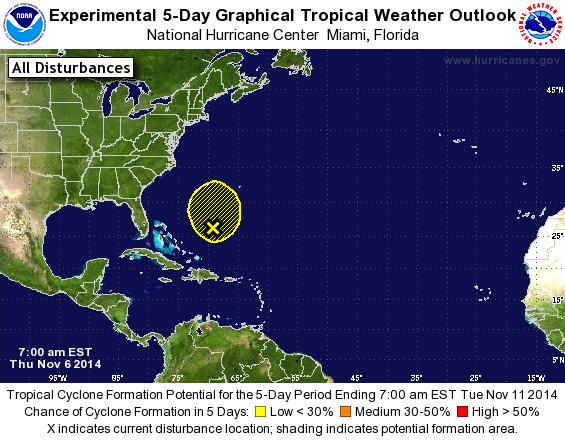
For the North Atlantic...Caribbean Sea and the Gulf of Mexico:

1. A low pressure system located several hundred miles southwest of Bermuda is producing disorganized shower and thunderstorm activity. There is some potential for the low to briefly acquire subtropical or tropical characteristics during the next 24 hours while it moves generally north-northwestward. After that time, the system is expected to be absorbed into a developing non-tropical low over the western Atlantic. Regardless of formation, locally heavy rainfall and possible flooding could continue across Puerto Rico and the Dominican Republic through this morning. For additional information on the heavy rainfall threat, please consult products issued by your national meteorological service.
* Formation chance through 48 hours...low...20 percent.
* Formation chance through 5 days...low...20 percent.

Forecaster Beven